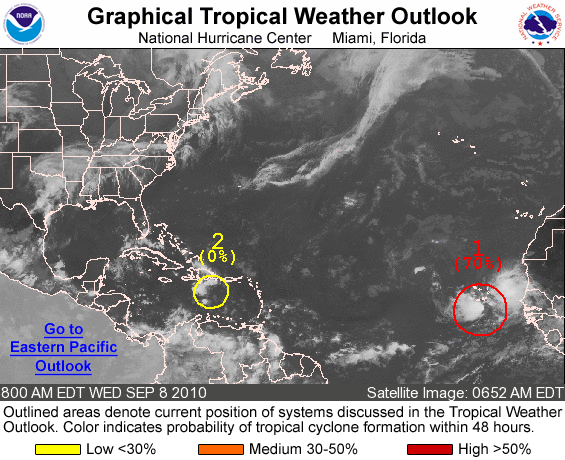
FOR THE NORTH ATLANTIC...CARIBBEAN SEA AND THE GULF OF MEXICO...

THE HYDROMETEOROLOGICAL PREDICTION CENTER IS ISSUING PUBLIC ADVISORIES ON TROPICAL DEPRESSION HERMINE...CURRENTLY LOCATED INLAND ABOUT 150 MILES WEST-SOUTHWEST OF DALLAS TEXAS.

1. SHOWER AND THUNDERSTORM ACTIVITY IS CONTINUING TO ORGANIZE NEAR A WELL-DEFINED LOW PRESSURE AREA LOCATED JUST SOUTH OF THE SOUTHERNMOST CAPE VERDE ISLANDS. STRONG UPPER-LEVEL WINDS OVER THIS SYSTEM ARE EXPECTED TO DECREASE OVER THE NEXT COUPLE OF DAYS...AND THIS LOW HAS THE POTENTIAL TO BECOME A TROPICAL DEPRESSION OVER THE NEXT DAY OR SO. THERE IS A HIGH CHANCE...70 PERCENT...OF THIS SYSTEM BECOMING A TROPICAL CYCLONE DURING THE NEXT 48 HOURS AS IT MOVES WESTWARD AT 10 TO 15 MPH.

2. THE REMNANTS OF GASTON...LOCATED A COUPLE HUNDRED MILES SOUTHEAST OF THE DOMINICAN REPUBLIC...ARE PRODUCING DISORGANIZED SHOWER AND THUNDERSTORM ACTIVITY. DEVELOPMENT OF THIS SYSTEM IS NOT EXPECTED AS IT MOVES WESTWARD AT 10 TO 15 MPH. THERE IS A LOW CHANCE... NEAR 0 PERCENT...OF THIS SYSTEM BECOMING A TROPICAL CYCLONE AGAIN DURING THE NEXT 48 HOURS.

ELSEWHERE...TROPICAL CYCLONE FORMATION IS NOT EXPECTED DURING THE NEXT 48 HOURS.

FORECASTER BLAKE